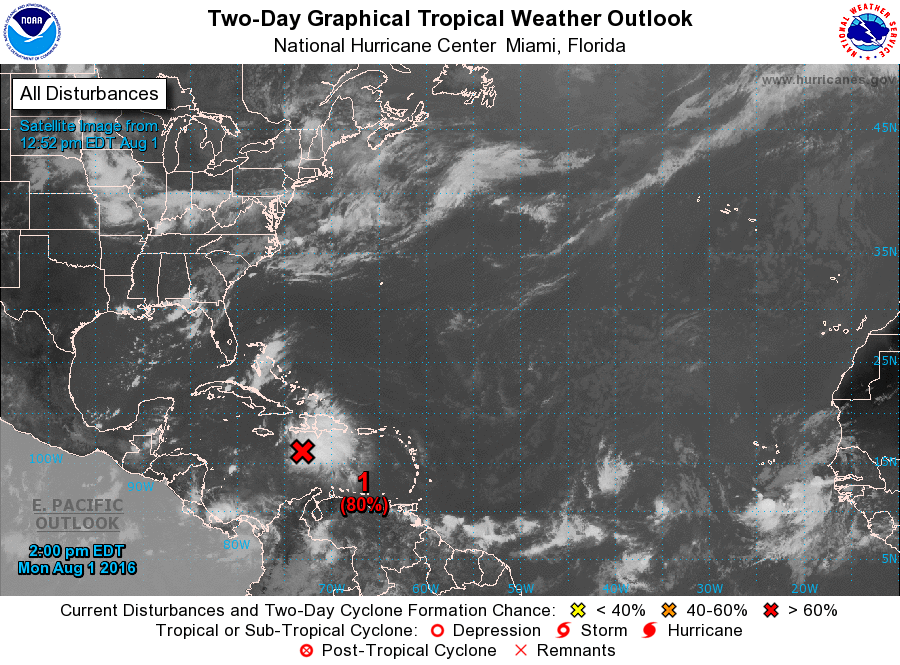
For the North Atlantic...Caribbean Sea and the Gulf of Mexico:

1. A strong tropical wave over the central Caribbean Sea, centered about 275 miles east-southeast of Kingston, Jamaica, continues to move quickly westward at about 20 mph. Thunderstorm activity associated with the wave remains organized, but the system still appears to lack a closed surface circulation. Environmental conditions are expected to be conducive for additional development, and a tropical storm is likely to form later today or tonight. An Air Force Reserve Reconnaissance aircraft is currently en route to investigate this system late this afternoon. Regardless of development, locally heavy rainfall and gusty winds, perhaps to tropical storm force, will continue over portions of the Dominican Republic and Haiti through this evening. Tropical storm conditions are likely to occur over Jamaica by this evening, and could reach the Cayman Islands overnight. Interests in these areas and elsewhere in the western Caribbean Sea should continue to monitor the progress of this disturbance. For additional information, see High Seas Forecasts issued by the National Weather Service.
* Formation chance through 48 hours...high...80 percent
* Formation chance through 5 days...high...90 percent

High Seas Forecasts issued by the National Weather Service can be found under AWIPS header NFDHSFAT1, WMO header FZNT01 KWBC, and on the Web at http://www.opc.ncep.noaa.gov/shtml/NFDHSFAT1.shtml.

Forecaster Brown